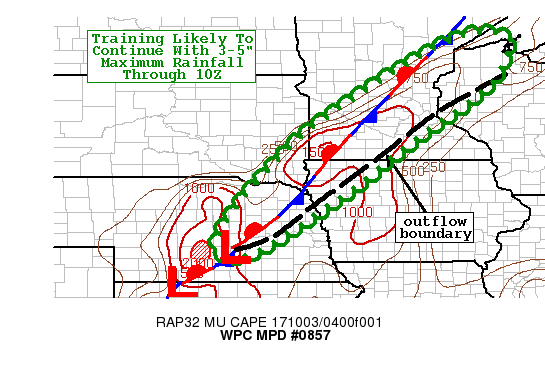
AREAS AFFECTED...E-CNTRL NE/NWRN IA/SERN SD/MN/NWRN WI

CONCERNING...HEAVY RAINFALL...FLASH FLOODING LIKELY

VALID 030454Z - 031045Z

SUMMARY...AN ELONGATED AXIS OF TRAINING RAINFALL WITH RATES
GENERALLY BETWEEN 1-2 IN/HR WILL LIKELY CAUSE FLASH FLOODING FROM
E-CNTRL NE INTO PORTIONS OF THE UPPER MS VALLEY. MAXIMUM
ADDITIONAL RAINFALL OF 3-5 INCHES IS EXPECTED THROUGH 10Z.

DISCUSSION...REGIONAL MOSAIC RADAR IMAGERY AT 0430Z SHOWED A
BROKEN AXIS OF HEAVY RAINFALL EXTENDING FROM ERN NE INTO WRN
WI...TRAINING FROM SW TO NE. THIS ACTIVITY WAS OCCURRING VERY NEAR
THE 925 MB DEPICTION OF A FRONT EXTENDING THROUGH THE REGION AND
WAS LARGELY ELEVATED IN NATURE...EITHER ABOVE THE SURFACE FRONT OR
RESULTANT OUTFLOW BOUNDARY. INSTABILITY WAS ROUGHLY 500-1000 J/KG
ACROSS THE MPD THREAT AREA PER THE MOST RECENT SPC MESOANALYSIS
VALID 04Z.

A SEPARATE...NARROW LINE OF CONVECTION WAS IDENTIFIED MOVING
TOWARD THE EAST ALONG THE NE/KS BORDER NEAR THE 100TH MERIDIAN AT
0430Z. THE NARROW LINE APPEARS TO BE TIED TO HEIGHT FALLS
ASSOCIATED WITH A 700-500 MB SHORTWAVE SEEN MOVING INTO THE CNTRL
HIGH PLAINS ON WATER VAPOR IMAGERY. AHEAD OF THE SHORTWAVE WAS A
SPEED MAX OF 60-70 KT IN THE 850-700 LAYER...STRADDLING THE KS/NE
BORDER...AS SEEN IN RAP ANALYSES AND AREA VAD WIND PLOTS. A
SURFACE LOW OR TWO WAS ALSO EVIDENT IN SURFACE OBSERVATIONS FROM
04Z ON EITHER SIDE OF THE CNTRL KS/NE BORDER. THE REGION OF
STRONGER LOW LEVEL FLOW IS EXPECTED TO TRANSLATE TO THE
NNE...REACHING THE W-CNTRL MN/IA BORDER BY 10Z ACCORDING TO THE
RAP. GIVEN THE UNIDIRECTIONAL FLOW ABOVE THE LPL SEEN IN RAP
ANALYSIS AND FORECAST SOUNDINGS...AND THE SIMILAR MAGNITUDE OF LOW
LEVEL INFLOW TO THE CLOUD BEARING LAYER MEAN WIND...TRAINING IS
LIKELY TO CONTINUE THROUGH THE NIGHT ACROSS MUCH OF THE SAME
REGIONS BUT WITH A SURGE IN RAINFALL INTENSITY TIED TO THE 850-700
MB SPEED MAX.

CAPE IS EXPECTED TO REMAIN ABOVE 500 J/KG...SUFFICIENT TO SUSTAIN
HEAVY RAIN CORES OF 1-2 IN/HR AMID TOTAL PRECIPITABLE WATER VALUES
OF 1.50 TO 1.75 INCHES. WHILE MOST AREAS ARE EXPECTED TO SEE 1-3
INCHES...LOCALLY HIGHER VALUES OF 3-5 INCHES WILL BE POSSIBLE FROM
THE MISSOURI RIVER INTO S-CNTRL MN THROUGH 10Z. GIVEN WIDESPREAD
FFG VALUES OF 1.5 TO 2.5 INCHES IN 3 HOURS...FLASH FLOODING IS
CONSIDERED LIKELY.